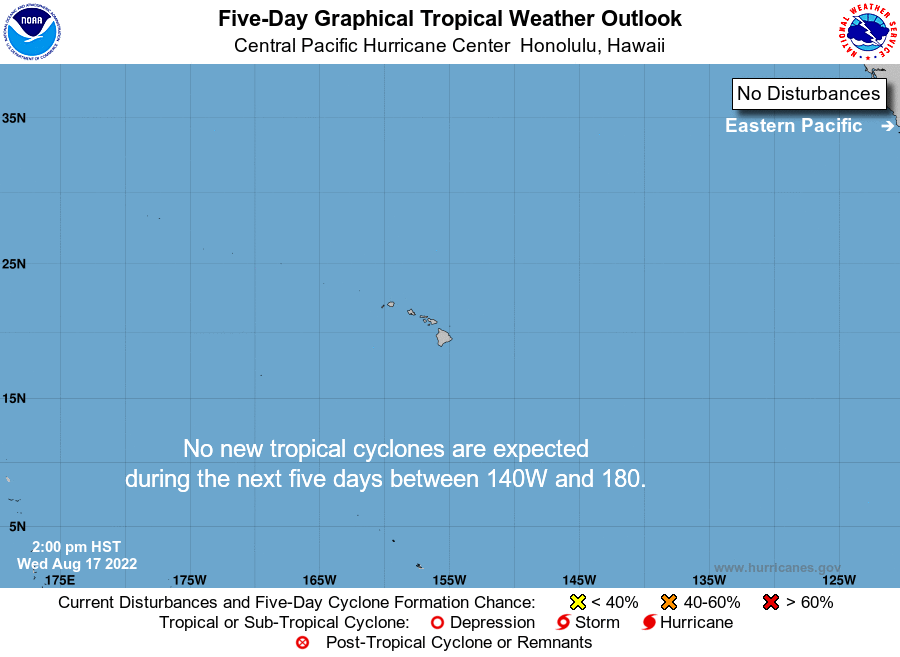
For the central North Pacific...between 140W and 180W:

No tropical cyclones are expected during the next 5 days.

Forecaster Powell